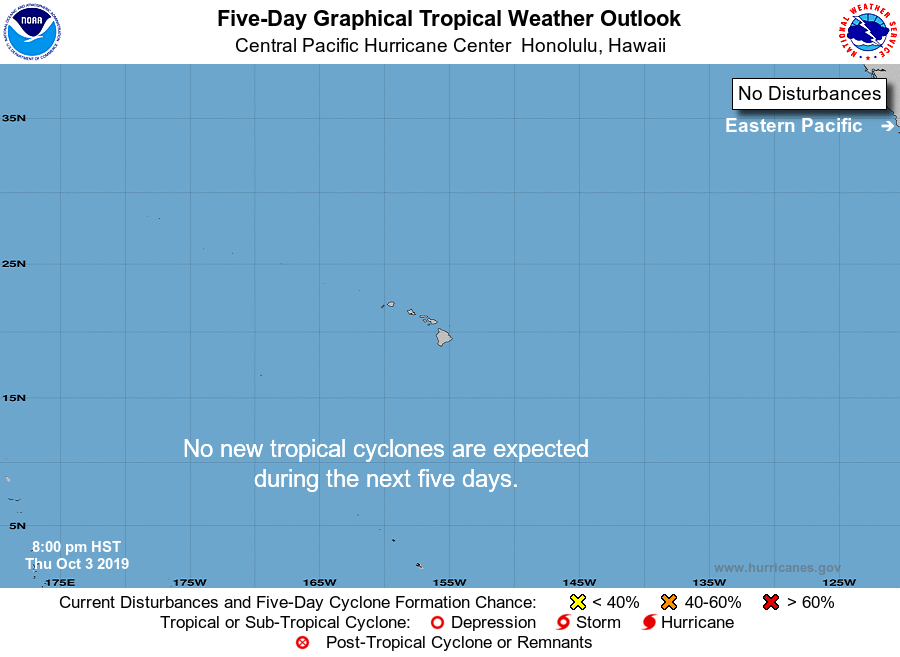
For the central North Pacific...between 140W and 180W:

No tropical cyclones are expected during the next 5 days.

Forecaster Lau